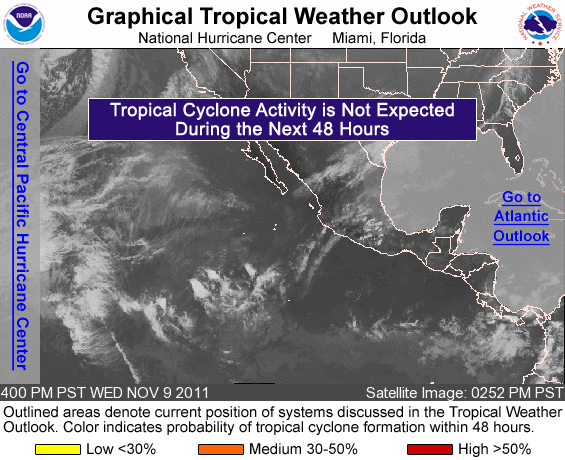
FOR THE EASTERN NORTH PACIFIC...EAST OF 140 DEGREES WEST LONGITUDE..

TROPICAL CYCLONE FORMATION IS NOT EXPECTED DURING THE NEXT 48 HOURS.

FORECASTER LANDSEA/BRENNAN